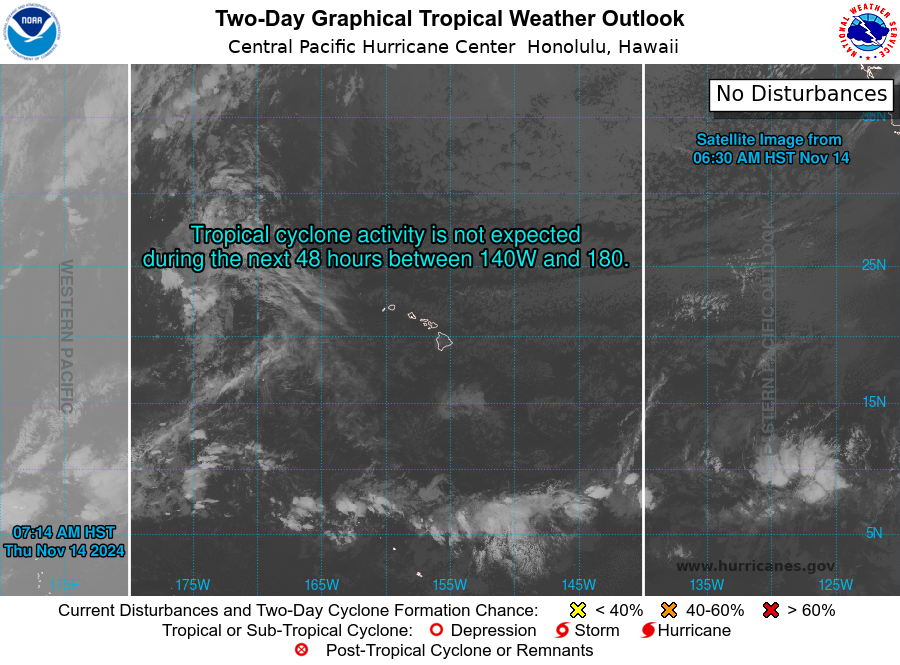
For the central North Pacific...between 140W and 180W:

No tropical cyclones are expected during the next 7 days.

Forecaster Tsamous